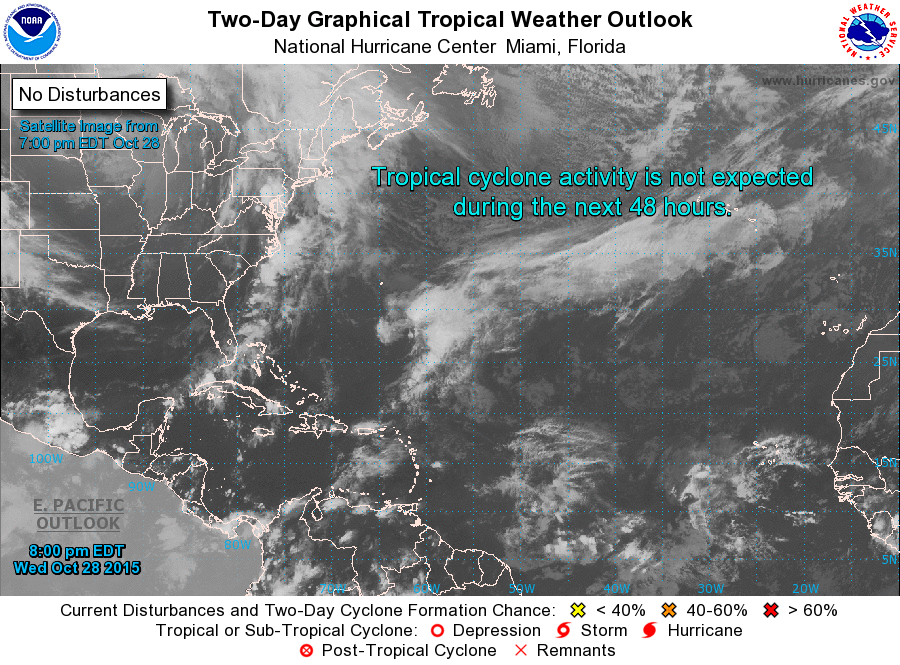
For the North Atlantic...Caribbean Sea and the Gulf of Mexico:

Tropical cyclone formation is not expected during the next 5 days.

Forecaster Beven